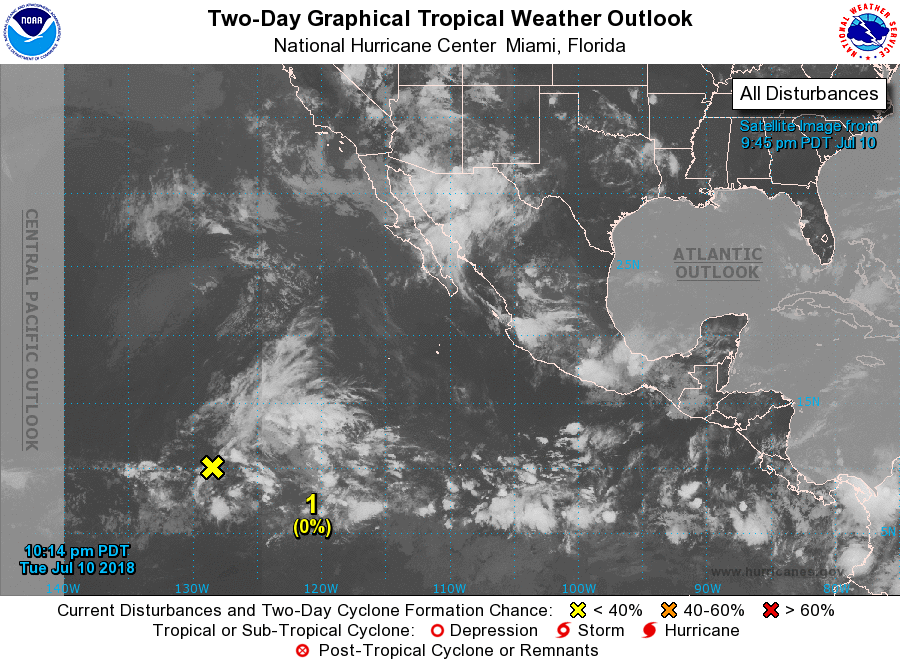
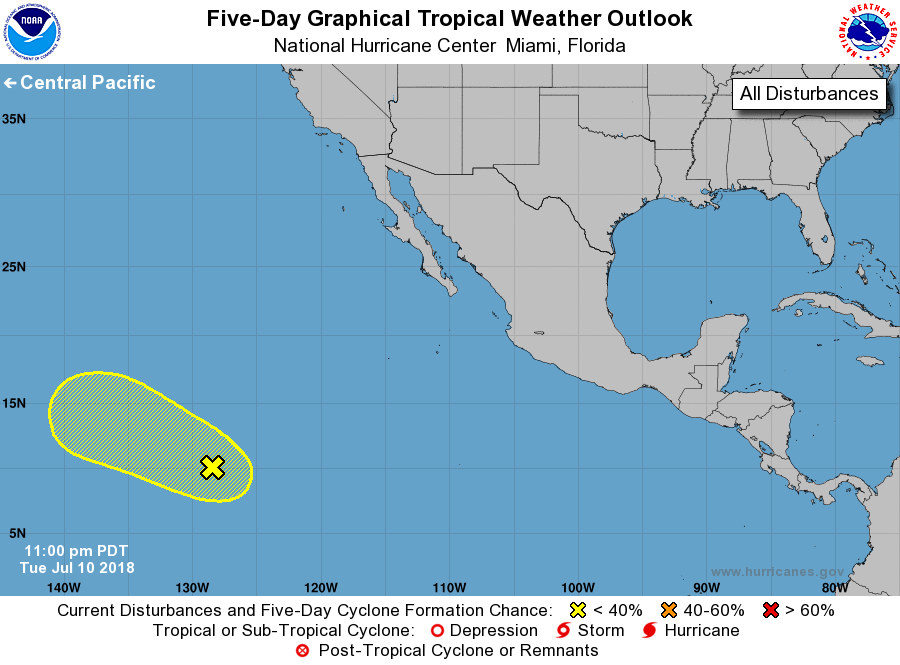
For the eastern North Pacific...east of 140 degrees west longitude:

1. A broad trough of low pressure located about 1500 miles southwest of the southern tip of the Baja California peninsula is producing disorganized showers and a few thunderstorms. Environmental conditions are becoming less conducive for the development of this system.
* Formation chance through 48 hours...low...near 0 percent
* Formation chance through 5 days...low...10 percent

Forecaster Avila